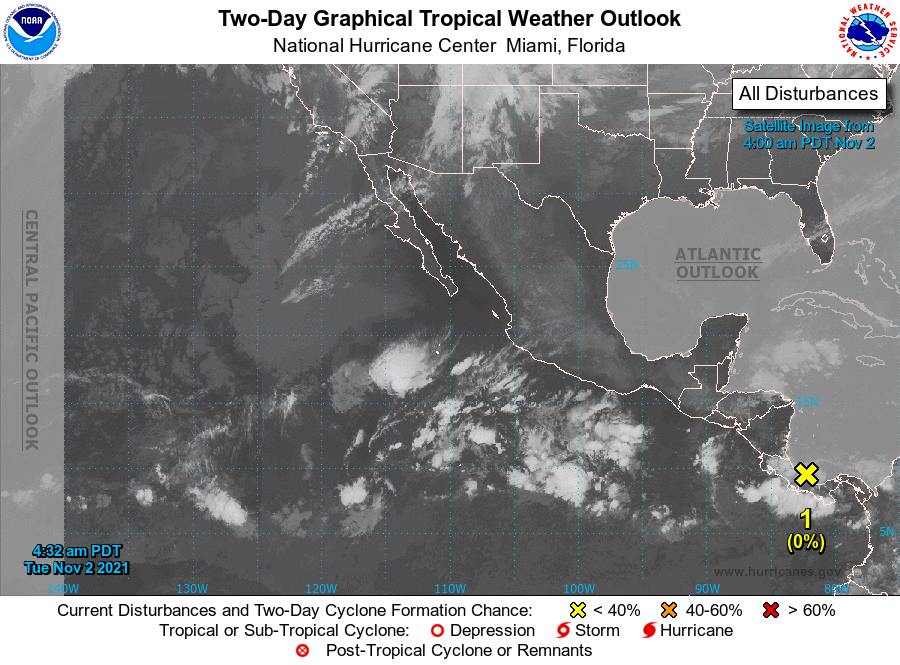
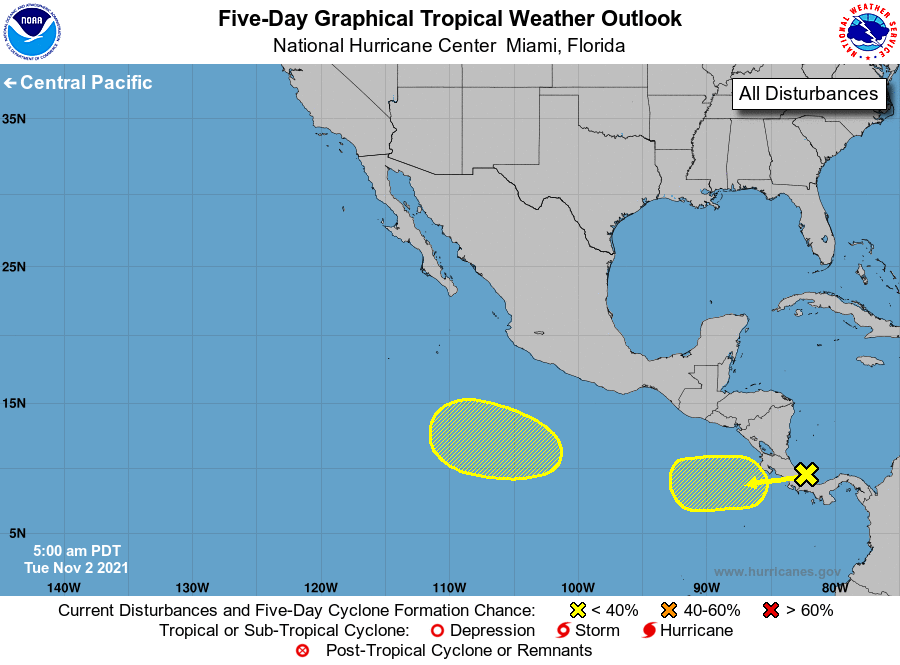
For the eastern North Pacific...east of 140 degrees west longitude:

1. An area of low pressure located over the southwestern Caribbean Sea near Costa Rica is forecast to move across Central America today, and over the far eastern Pacific waters on Wednesday. Some slow development of the system is possible thereafter while it moves westward at around 10 mph.
* Formation chance through 48 hours...low...near 0 percent.
* Formation chance through 5 days...low...30 percent.

2. An area of low pressure is expected to form later this week several hundred miles south of the southwestern coast of Mexico. Some slow development of this system is possible thereafter while it moves westward to west-northwestward at 5 to 10 mph.
* Formation chance through 48 hours...low...near 0 percent.
* Formation chance through 5 days...low...20 percent.

Forecaster Latto